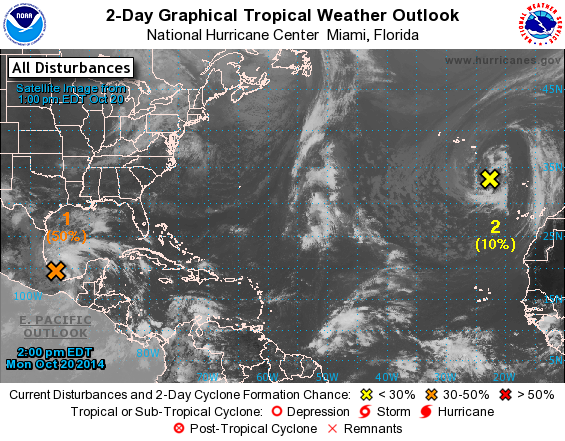
For the North Atlantic...Caribbean Sea and the Gulf of Mexico:

1. Surface and upper-air observations indicate that the low pressure system located over the southwestern Bay of Campeche is gradually becoming better defined. This system has the potential to become a tropical cyclone during the next two to three days while it moves slowly eastward to east-northeastward, before it interacts and possibly merges with a frontal system towards the end of the week. An Air Force Reserve reconnaissance aircraft is scheduled to investigate the disturbance tomorrow afternoon, if necessary. Interests in the Yucatan Peninsula should monitor the progress of this system.
* Formation chance through 48 hours...medium...50 percent.
* Formation chance through 5 days...high...60 percent.

2. A large non-tropical low is located over the far eastern Atlantic Ocean a few hundred miles southeast of the Azores. This system is producing gale-force winds and could gradually acquire some subtropical characteristics during the next few days while it moves slowly westward over relatively warm waters. Additional information on this system can be found in High Seas Forecasts issued by Meteo France.
* Formation chance through 48 hours...low...10 percent.
* Formation chance through 5 days...medium...30 percent.

High Seas Forecasts issued by Meteo France can be found under WMO header FQNT50 LFPW.

Forecaster Stewart